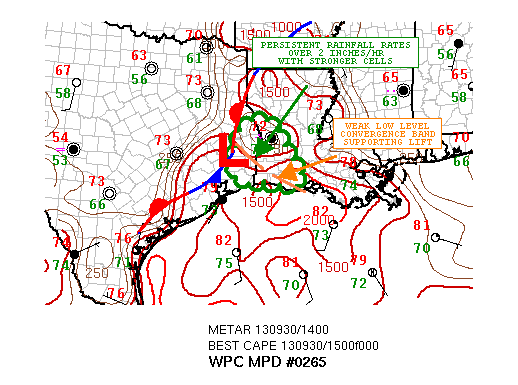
AREAS AFFECTED...EXTREME EASTERN TX...WESTERN LA

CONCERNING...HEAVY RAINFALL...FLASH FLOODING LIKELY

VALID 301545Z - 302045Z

SUMMARY...VERY SLOW-MOVING CLUSTER OF HVY SHWRS/TSTMS TO PERSIST
OVER THE NEXT SEVERAL HOURS....WITH ADDITIONAL FLASH FLOOD
CONCERNS EXPECTED AT LEAST LOCALLY.

DISCUSSION...SAT IMAGERY SHOWS CLUSTERS OF MODERATELY COLD CLOUD
TOP CONVECTION OVER EXTREME EASTERN TX AND INTO SOUTHWESTERN LA
WHERE IT IS MORE DISORGANIZED. THE CONVECTION IS IN ASSOC WITH A
WEAK AREA OF SFC LOW PRESSURE AND IS DYNAMICALLY BEING AIDED BY A
WEAK UPPER VORTICITY MAXIMA. THE LATEST WV IMAGERY OVER THE REGION
DOES SUGGEST SOME WEAK BACKING OF THE MID LVL FLOW OVER THE
REGION...AND SOME RELATIVELY DIV FLOW ALOFT. THE CONVECTION HAS
BEEN QUITE PERSISTENT DESPITE ITS LOCALIZED NATURE...HOWEVER THE
LATEST VIS SHOWS AGITATED CU/TCU FIELD EMBEDDED WITHIN LOW/MID LVL
SWLY FLOW ALONG THE UPR TX COAST.

THE MAIN CONCERN IS FOR ADDITIONAL BACK-BUILDING AND MERGING OF
CONVECTIVE CELLS INVOF TX/LA BORDER AREA AND ADJACENT
COUNTIES...ESP SEWD INTO SWRN LA ALONG A LOW LVL WEAK CONVERGENCE
ZONE THE NEXT FEW HOURS. THE THERMODYNAMIC ENVIRONMENT SUGGESTS
ADDITIONAL CONVECTIVE DEVELOPMENT IS LIKELY...ESP WITH THE
MAINTENANCE OF MOIST/UNSTABLE LOW LVL FLOW IN OFF THE GULF OF
MEXICO...ALBEIT WEAK....BUT ALSO WITH AN INTRUSION OF COLD/DRY MID
LVL AIR AS SUGGESTED BY WV IMAGERY. GIVEN THE SLOW MOVEMENT OF THE
CONVECTIVE CELLS/CLUSTERS...AND PWATS AS PER LATEST
GOES-SOUNDER/GPS DATA OF 1.9 TO 2.2 INCHES...EXPECT ADDITIONAL HVY
RAINFALL RATES OF UP TO 2 INCHES/HR AND POSSIBLY HIGHER. ALREADY
ON A VERY LOCALIZED LVL THERE HAVE BEEN VERY HVY RAINFALL AMTS.
ADDITIONAL HVY RAINS WILL BE POSSIBLE OVER ALREADY IMPACTED AREAS
AROUND NEWTON/JASPER TX...BUT WITH SOME CONCERN FOR A LARGER SCALE
IMPACT OVER THE NEXT FEW HOURS INVOLVING ADJACENT COUNTIES. WILL
CONTINUE TO MONITOR.